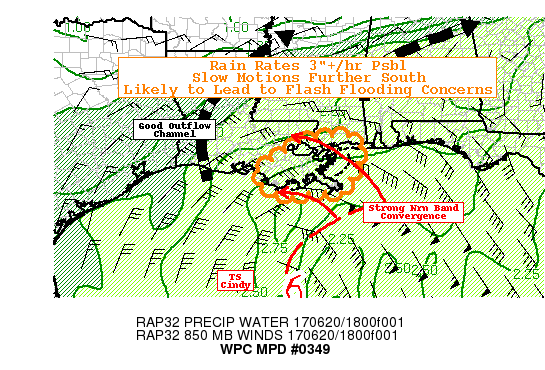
AREAS AFFECTED...SOUTHEAST LA...COASTAL MS

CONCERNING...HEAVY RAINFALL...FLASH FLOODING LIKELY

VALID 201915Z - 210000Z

SUMMARY...NORTHERN CONVERGENCE BAND TO TS CINDY.

DISCUSSION...RECENT GOES-16 EXPERIMENTAL AND RADAR TRENDS DENOTE A
SLIGHT INCREASE IN ELONGATION TOWARD THE NORTHEAST OF TS
CINDY...WV ALSO DENOTES A SLIGHT NORTHEAST PUNCH OF 7H-5H DRY AIR
AS FAR EAST AS 88W. THIS ORIENTATION IS STRENGTHENING LOW LEVEL
WIND FIELD CONVERGENCE WHILE SLIGHTLY INCREASING INSTABILITY
ALOFT.  IN RESPONSE CONVECTION HAS BEEN GROWING ALONG THE
NORTHERLY CONVERGENCE BAND WITH EIR TOPS ECLIPSING -80C.  WV LOOP
ALSO SHOWS SOLID 130-150 DEGREES OF OUTFLOW JET TO THE NORTH WITH
MODEST ANTICYCLONIC SUPER-GEOSTROPHIC EFFECTS FURTHER AIDING
DIVERGENCE ALOFT FOR CONVECTIVE GROWTH. THE CONVERGENCE BAND
SHOULD ROTATE NORTHWARD THEN WESTWARD WITH THE SW FLANK PIVOTED
NEAR THE NORTHERN PORTION OF THE INNER CENTER  SOUTH OF TERREBOUNE
BAY.  AS THE BAND ROTATES THROUGH SE LA...OVER THE NEXT THREE TO
FOUR HOURS...STRONG UPSTREAM CONVERGENCE PERHAPS ENHANCED ALONG
COAST AS FRICTIONAL EFFECTS TO ALLOW FOR REGENERATION/BACKBUILDING
THROUGH THE EVENING HOURS ACROSS SE LA.   GIVEN TOTAL PWS OVER
2.5" AND CONVERGENT WINDS IN EXCESS OF 40KTS...FLUX WILL BE HIGH
WITH EXTREME RAINFALL EFFICIENCY WITH 3"/HR RAIN RATES
LIKELY...WITH STRIPES OF 3-5" ARE PROBABLE OVER SE LA...WITH 6"+
LOCALIZED TOTALS NOT OUT OF THE QUESTION.

FURTHER NORTHEAST INTO COASTAL MS...FASTER CELL MOTIONS FURTHER
FROM THE PIVOT AREA ARE EXPECTED AND SO RAINFALL TOTALS SHOULD BE
LESS...STILL STRONG ONSHORE FLOW AND CLOSER PROXIMITY FOR
INCREASED DIVERGENCE MAY ALLOW FOR EVEN DEEPER AND MORE EXPANSIVE
CONVECTIVE CORES...SPREADING THE WEALTH ACROSS THE COASTAL
COUNTIES WITH 2-3" POSSIBLE WITH ISOLATED TOTALS TO 4".

STRONGER CONVERGENCE UPSTREAM AND NARROWING OF FOCUS OF THE
EASTERN BAND IS STILL IN SOME QUESTION ON TIMING NEARING THE COAST
AS WELL AS PLACEMENT LONGITUDINALLY...AND AS SUCH AN ADDITIONAL
MPD MAY BE NEEDED EARLIER THAN 00Z FOR MS/AL/W FL COAST.